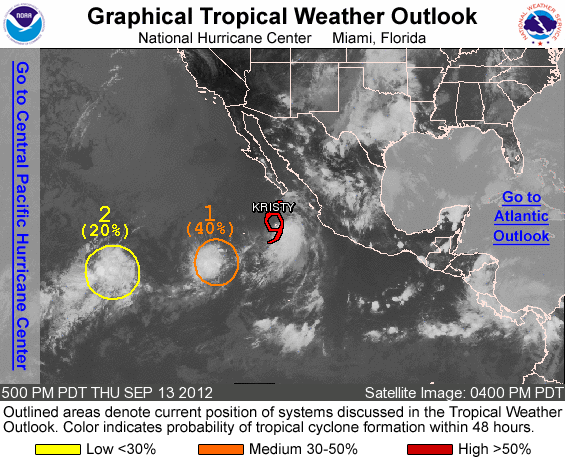
FOR THE EASTERN NORTH PACIFIC...EAST OF 140 DEGREES WEST LONGITUDE..

THE NATIONAL HURRICANE CENTER IS ISSUING ADVISORIES ON TROPICAL STORM KRISTY...LOCATED ABOUT 65 MILES NORTHEAST OF SOCORRO ISLAND MEXICO.

1. SHOWERS AND THUNDERSTORMS HAVE BECOME BETTER ORGANIZED IN ASSOCIATION WITH AN AREA OF LOW PRESSURE CENTERED ABOUT 750 MILES SOUTHWEST OF THE SOUTHERN TIP OF BAJA CALIFORNIA. ENVIRONMENTAL CONDITIONS COULD BECOME MORE CONDUCIVE FOR DEVELOPMENT DURING THE NEXT COUPLE OF DAYS. THIS SYSTEM HAS A MEDIUM CHANCE...40 PERCENT...OF BECOMING A TROPICAL CYCLONE DURING THE NEXT 48 HOURS AS IT MOVES GENERALLY WESTWARD AT 5 TO 10 MPH.

2. AN AREA OF LOW PRESSURE ACCOMPANIED BY CLOUDINESS AND THUNDERSTORMS IS CENTERED ABOUT 1650 MILES WEST-SOUTHWEST OF THE SOUTHERN TIP OF BAJA CALIFORNIA. THIS LOW IS MOVING SLOWLY WEST- NORTHWESTWARD AND HAS A LOW CHANCE...20 PERCENT...OF BECOMING A TROPICAL CYCLONE DURING THE NEXT 48 HOURS.

ELSEWHERE...TROPICAL CYCLONE FORMATION IS NOT EXPECTED DURING THE NEXT 48 HOURS.

FORECASTER BLAKE